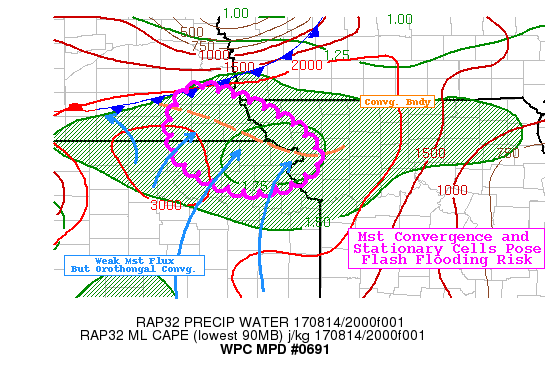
AREAS AFFECTED...SOUTHEAST NEB...NORTHWEST MO...NORTHEAST KS

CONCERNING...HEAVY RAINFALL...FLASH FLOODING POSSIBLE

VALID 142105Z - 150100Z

SUMMARY...SMALL CLUSTER OF THUNDERSTORMS LIKELY TO BE STATIONARY
INITIALLY AND WITH RAIN RATES TO 2"/HR MAY POSE LOCALIZED FLASH
FLOODING CONCERN.

DISCUSSION...SURFACE ANALYSIS DEPICTS THE SOUTHERN EXTENT OF A
SURFACE FRONT DRAPED ACROSS E AND S NEB.  VWP/RAP ANALYSIS AND
GOES-16 VISIBLE CU STREAMERS SUGGEST WEAK SLY FLOW ACROSS E KS
THAT VEERS SLIGHTLY TOWARD SW IA AT THIS SE BULGE IN THE COLD
FRONT.  ADDITIONALLY...STREAMERS SUGGEST SOME DEFORMATION OR SELY
TURN ACROSS NE KS INTO S CENTRAL NEB UNDER RESPONSE TO FALLING SFC
PRESSURES ACROSS THE CENTRAL NEB/KS BORDER.  EVEN THOUGH 850MB
FLOW IS WEAK THERE IS SUFFICIENT MST CONVERGENCE WITHIN A UNSTABLE
ENVIRONMENT (MLCAPES TO 3000 J/KG AND GREATER UPSTREAM) AND
POOLING ALONG CONFLUENT FLOW AT 7H DURING THE ASCENT TO SUPPORT
TPWS TO REACH 1.75".

GOES-16 WV LOOP ALSO SUPPORTS THE IDEA OF GOOD PLACEMENT BETWEEN
THE WAVE OVER AR...TRAILING MID-LEVEL TROF (JET ENTRANCE ACROSS NE
MO/SE IA)AND UPSTREAM RIDGING THAT WOULD SUGGEST VERY WEAK
PROPAGATION VECTORS IN THE VICINITY OF THE DEVELOPING CONVECTION
PERHAPS SLIGHTLY ESE WHICH APPEARS TO BE PARALLEL TO THE BEST
CONVERGENCE AXIS AS WELL SUGGESTIVE OF MINOR TRAINING/REPEATING
(GIVEN WEAK FLOW).
WITH AMPLE MOISTURE AND INFLOW/UPPER LEVEL OUTFLOW...RAIN RATES
ARE LIKELY TO REACH 2"/HR FOR A FEW HOURS POTENTIALLY LEADING TO
2-4" TOTALS AND POSSIBLE LOCALIZED FLASH FLOODING CONCERNS.  THIS
IS SUPPORTED BY THE 12Z WRF NMMB/ARW.

LIMITING FACTORS ARE LIKELY RELATED TO MID-LEVEL DRY
AIR...SUPPORTED BY 12Z RAOBS AT OAX/TOP AND RECENT RAP FORECAST
SOUNDINGS.  THIS POTENTIALLY WILL ALLOW FOR COLD POOL DEVELOPMENT
AND ALLOW FOR OUTFLOW TO PROPAGATE CELLS SOUTH AND WEST WITH
TIME...THIS PROPAGATION TOWARD BETTER INSTABILITY WILL LIKELY
SPELL THE END FOR FLASH FLOOD THREAT GIVEN TOTALS ARE DRIVEN
MAINLY ON STATIONARY NATURE OF DOWNDRAFTS.